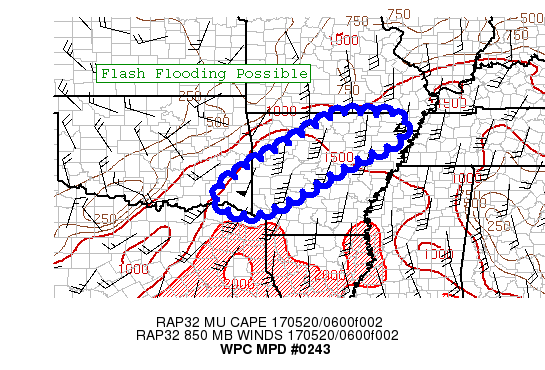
AREAS AFFECTED...AR

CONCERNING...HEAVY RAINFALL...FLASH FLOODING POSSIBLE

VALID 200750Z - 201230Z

SUMMARY...FLASH FLOOD THREAT SHIFTS EAST ACROSS CENTRAL AND
NORTHERN ARKANSAS INTO THE EARLY MORNING HOURS.

DISCUSSION...CONVECTIVE PROPAGATION OVER NORTHWEST AR HAS RESULTED
IN THE SHIELD OF CONVECTION TO TAKE ON MORE OF A WEST TO EAST
ORIENTATION. STRONG SOUTHERLY FLOW INTO THIS CONVECTIVE SWATH IS
ALLOWING FOR CONTINUED BACKBUILDING OF CONVECTION. OVER THE NEXT
SEVERAL HOURS THE COLD FRONT IS EXPECTED TO GET PUSHED A BIT
QUICKER OFF TO THE EAST OVER OK...WHICH SHOULD ALLOW FOR WINDS
AHEAD OF THE FRONT TO VEER MORE TO THE SOUTHWEST. THIS IS EXPECTED
TO DECREASE MOISTURE TRANSPORT INTO THE CONVECTIVE
ACTIVITY...RESULTING IN A GRADUAL WEAKENING TREND OF CONVECTIVE
INTENSITY OVER AR. SOME BROAD SCALE WARMING CLOUD TOPS ON RECENT
IR IMAGERY SUGGESTS THIS PROCESS MAY BE BEGINNING.

WITH THAT SAID...STILL SEEING WIDESPREAD BACKBUILDING
CONVECTION...WITH EMBEDDED HEAVIER RAINFALL CORES. ALSO ACTIVITY
CONTINUES TO FORM ACROSS SOUTHEAST OK IN AN AREA OF STRONG LOW
LEVEL CONVERGENCE ALONG THE COLD FRONT. THIS CONVECTION WILL
STREAM NORTHEASTWARD HELPING INCREASE THE TRAINING POTENTIAL. THUS
EVEN THOUGH CONVECTIVE INTENSITY MAY TEND TO BE ON A
DECREASE....THE COMBINATION OF BACKBUILDING AND ONLY SLOW EASTWARD
PROGRESSION OF THE CONVECTION...WILL CONTINUE TO RESULT IN
LOCALIZED ADDITIONAL RAINFALL AMOUNTS OF 2-5". THUS WHILE THE
MAGNITUDE OF THE FLASH FLOOD THREAT IS PROBABLY LOWER THAN IT WAS
EARLIER OVER EASTERN OK...SOME THREAT WILL REMAIN OVER THE NEXT
SEVERAL HOURS ACROSS THE MPD AREA FROM FAR SOUTHEAST OK INTO
CENTRAL AND NORTHERN AR.